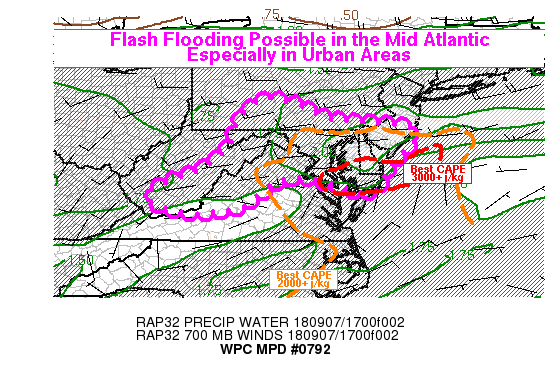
Areas affected...Portions of the Mid Atlantic

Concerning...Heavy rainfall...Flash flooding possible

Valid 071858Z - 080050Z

Summary...Scattered thunderstorms are expected to develop across
the Mid Atlantic in a moist and unstable air mass. Some of the
storms could be slow-moving and produce over an hour of heavy rain
in localized areas. Rain rates may exceed 2 in/hr in the strongest
storms, and this could lead to flash flooding, particularly if
heavy rain rates occur over urban areas.

Discussion...The air mass in place across the Mid Atlantic region
early this afternoon was very unstable, and by 21Z the strongest
instability was forecast by the RAP to be concentrated in the
vicinity of Chesapeake Bay and the Delmarva Peninsula. Scattered
convection was beginning to develop across the region as localized
convergence boundaries produce sufficient focus for development,
and some areas reach their convective temperature. Over time, the
scattered convection should gradually build from the mountainous
regions and along the ocean and bay breezes, into the remainder of
the region including portions of the I-95 corridor. This process
of convection becoming increasingly concentrated in northern
Virginia and Maryland should peak after 21Z, and this is supported
by probabilistic guidance from the 12Z HREF model. Precipitable
water values were around 1.8 inches on average (slightly lower in
the mountains), which was above the 90th percentile for this time
of year. The strong instability suggests deeper updrafts, which
may be able to entrain some slightly drier air in the mid-levels.
Additionally, mixed-phase and ice layers are expected in these
thunderstorms. Therefore, the precipitation efficiency may not be
maximized, but given the anomalously high precipitable water
values, 1-2 in/hr rain rates should still be relatively common in
the strongest convection. Rain rates could exceed 2 in/hr given
storm-scale interactions, or temporary stalling of convection
along mesoscale/outflow boundaries. Flash flood guidance is
relatively high over most of the region, so the greatest threat of
flash flooding should occur if slow-moving thunderstorms affect
urban areas. However, FFG is slightly lower in the mountains, so
some smaller basins with steeper terrain gradients could also be
favored in those areas.